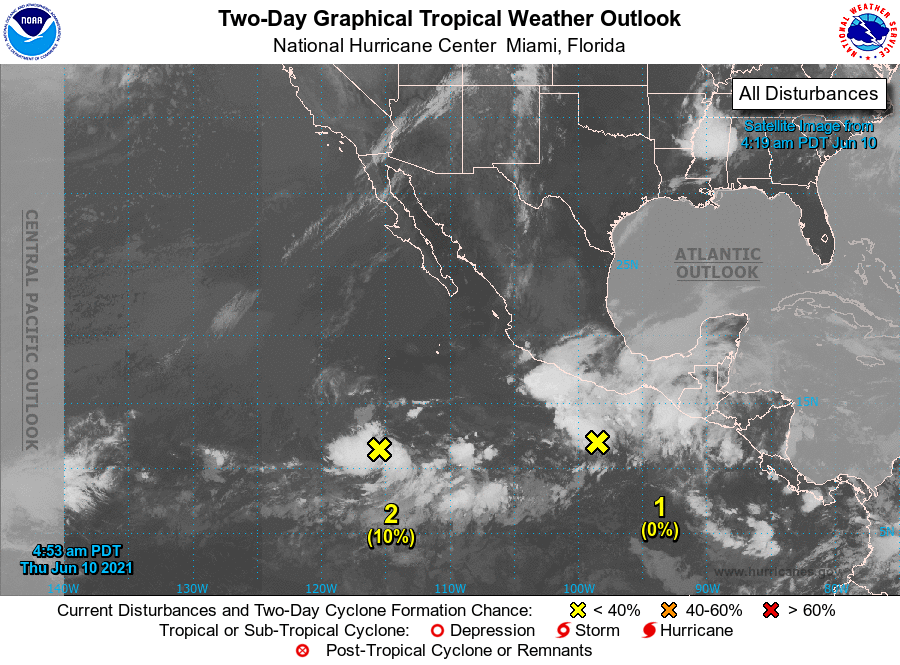
For the eastern North Pacific...east of 140 degrees west longitude:

1. A broad trough of low pressure located several hundred miles south of the coast of southern Mexico is producing a large area of disorganized showers and thunderstorms. Environmental conditions appear conducive for gradual development, and a tropical depression could form this weekend or early next week while the system drifts generally northward. Regardless of development, heavy rainfall could occur over portions of Central America and southern Mexico late this week and into early next week. See products from your local meteorological service for more information.
* Formation chance through 48 hours...low...near 0 percent.
* Formation chance through 5 days...medium...40 percent.

2. A broad area of low pressure along the eastern Pacific monsoon trough about 900 miles south-southwest of the southern tip of the Baja California peninsula is producing a large area of disorganized showers and thunderstorms. Some gradual development is possible over the next few days as the system moves slowly westward.
* Formation chance through 48 hours...low...10 percent.
* Formation chance through 5 days...low...20 percent.

Forecaster Reinhart/Beven